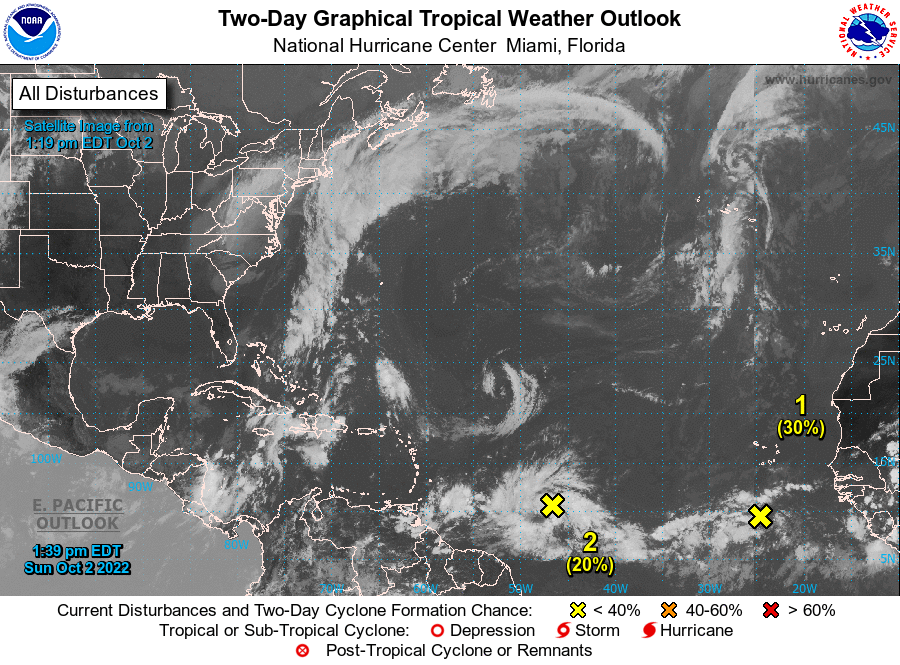
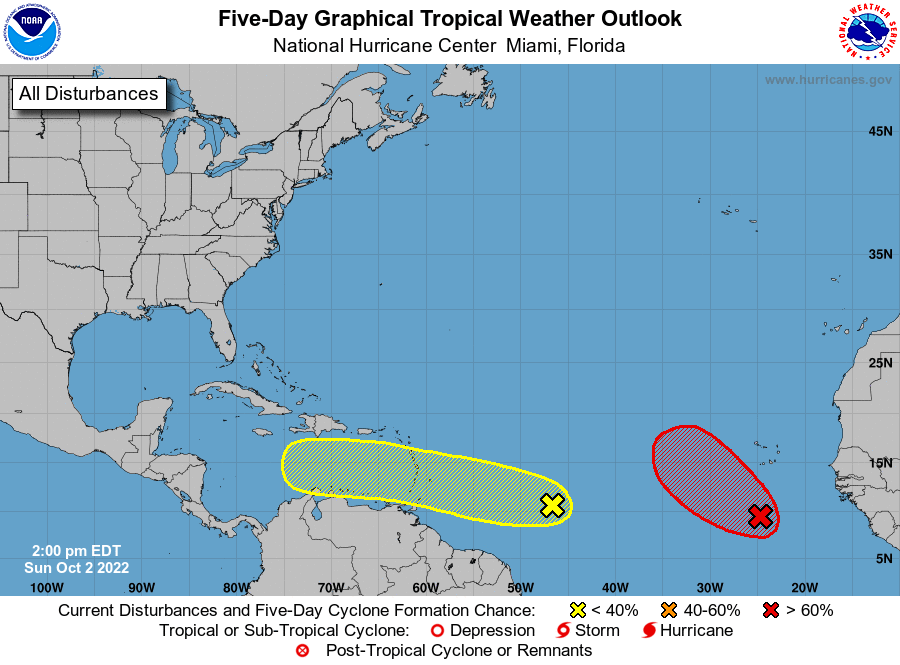
For the North Atlantic...Caribbean Sea and the Gulf of Mexico:

1. Eastern Tropical Atlantic: An elongated area of low pressure located several hundred miles south of the Cabo Verde Islands continues to produce disorganized showers and thunderstorms. Environmental conditions are forecast to be favorable for some gradual development, and a tropical depression is likely to form around the middle part of this week. The system is forecast to move westward, then turn northwestward or northward by the end of the week over the eastern tropical Atlantic.
* Formation chance through 48 hours...low...30 percent.
* Formation chance through 5 days...high...70 percent.

2. Central Tropical Atlantic: Disorganized shower and thunderstorm activity continues in association with a tropical wave located several hundred miles east of the Windward Islands. Some gradual development of the wave is possible during the next few days while it moves generally westward at 15 to 20 mph, reaching the Windward Islands and the eastern Caribbean Sea by midweek.
* Formation chance through 48 hours...low...20 percent.
* Formation chance through 5 days...low...30 percent.

Forecaster Blake